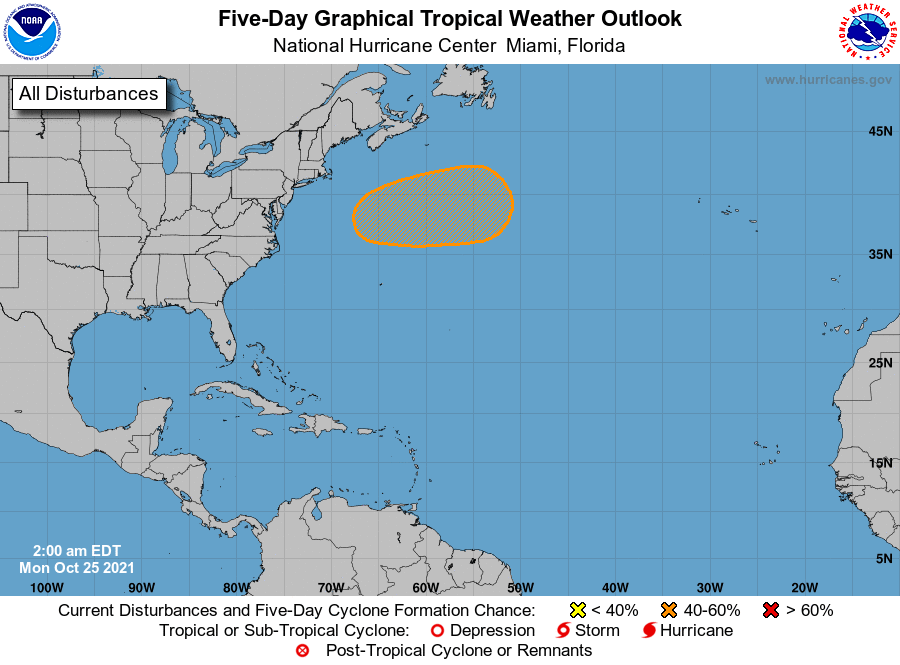
For the North Atlantic...Caribbean Sea and the Gulf of Mexico:

1. A non-tropical low pressure system is expected to form off the east coast of the United States during the next day or so. The frontal low will move generally north-northeastward through the middle of the week, and the system will likely bring rain and wind impacts to portions of the mid-Atlantic and northeast U.S. coast. By the end of the week, the low could acquire some tropical or subtropical characteristics while it moves eastward away from the northeast U.S. coast. For more information on this system, including storm watches and warnings, see products issued by your local National Weather Service office and High Seas Forecasts issued by the Ocean Prediction Center.
* Formation chance through 48 hours...low...near 0 percent.
* Formation chance through 5 days...medium...40 percent.

High Seas Forecasts issued by the National Weather Service can be found under AWIPS header NFDHSFAT1, WMO header FZNT01 KWBC, and online at ocean.weather.gov/shtml/NFDHSFAT1.php

Forecaster D. Zelinsky